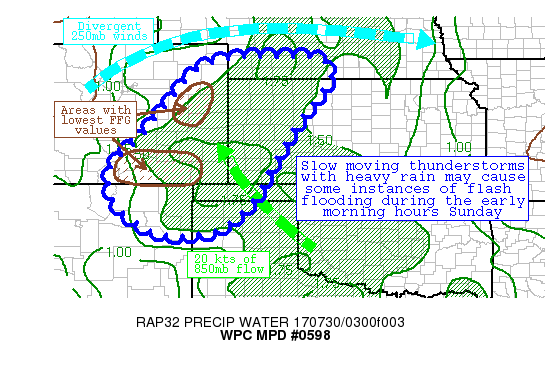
AREAS AFFECTED...SE COLORADO...NE NEW MEXICO...OK/TX
PANHANDLES...W KANSAS

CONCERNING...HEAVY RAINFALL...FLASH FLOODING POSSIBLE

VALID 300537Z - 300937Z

SUMMARY...CONVECTION TRAINING OVER AREAS WITH RECENT HEAVY
RAINFALL COULD RESULT IN ISOLATED INSTANCES OF FLASH FLOODING
THROUGH THE EARLY MORNING HOURS SUNDAY.

DISCUSSION...REGIONAL RADARS ACROSS THE WESTERN HIGH PLAINS AND
ADJACENT FOOTHILLS CONTINUE TO INDICATE MULTIPLE CLUSTERS OF SLOW
MOVING THUNDERSTORMS OVER SOUTHEAST COLORADO AND EXTENDING INTO
NORTHEAST NEW MEXICO AND THE TEXAS/OKLAHOMA PANHANDLES. THE
EXPERIMENTAL GOES-16 INFRARED IMAGERY INDICATED MULTIPLE REGIONS
OF SUB -60C CLOUD TOPS OVER PARTS OF THIS REGION IN THE PRESENCE
OF 500-1000 J/KG OF MUCAPE BASED ON THE LATEST SPC MESOANALYSIS.

A 15 TO 20 KNOT LOW LEVEL SOUTHEAST FLOW ORIGINATING OVER THE
SOUTHERN PLAINS IS ADVECTING 1.5 TO 1.8 INCH PW VALUES IN UPSLOPE
FLOW OVER THIS REGION.  ADDITIONAL MOISTURE IS STREAMING IN FROM
THE SOUTHWEST IN CONJUNCTION WITH ENHANCED MONSOONAL FLOW.
RAINFALL RATES ON THE ORDER OF 1 TO 2 INCHES PER HOUR WITH THE
STRONGER STORMS IS LIKELY AND THIS WOULD BE ENOUGH TO OVERCOME THE
LOWER FLASH FLOOD GUIDANCE VALUES IN SOME AREAS.  THE MOST RECENT
HRRR RUN SHOWED THE POTENTIAL FOR ISOLATED 2 TO 4 INCH RAINFALL
AMOUNTS, AND GIVEN RECENT RADAR TRENDS, THIS IS CERTAINLY WITHIN
THE REALM OF POSSIBILITY.